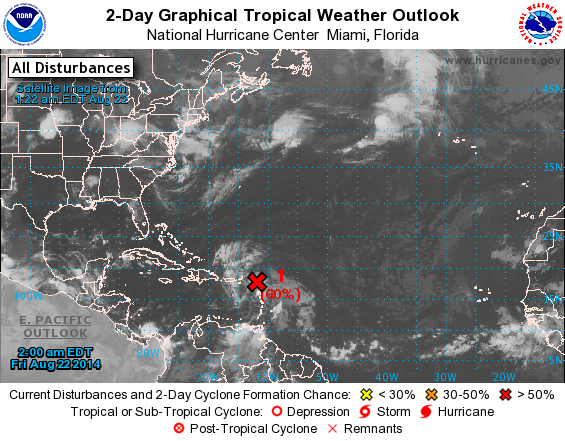
For the North Atlantic...Caribbean Sea and the Gulf of Mexico:

1. Shower activity associated with the small low pressure area moving over the Leeward Islands remains limited and disorganized. Interaction of the low with Puerto Rico and Hispaniola will likely inhibit significant development through tonight. However, environmental conditions are expected to be more conducive for development when the disturbance moves near or over the southeastern Bahamas on Saturday, and a tropical depression is likely to form over the weekend or by early next week. Regardless of tropical cyclone formation, gusty winds and heavy rainfall are expected across portions of the Leeward Islands, Puerto Rico, and the Virgin Islands today, and over Hispaniola and the southeastern Bahamas tonight and Saturday. Interests in those islands should monitor the progress of this disturbance. An Air Force Reserve Hurricane Hunter aircraft is scheduled to investigate this system this afternoon.
* Formation chance through 48 hours...high...60 percent.
* Formation chance through 5 days...high...80 percent.

Forecaster Brown